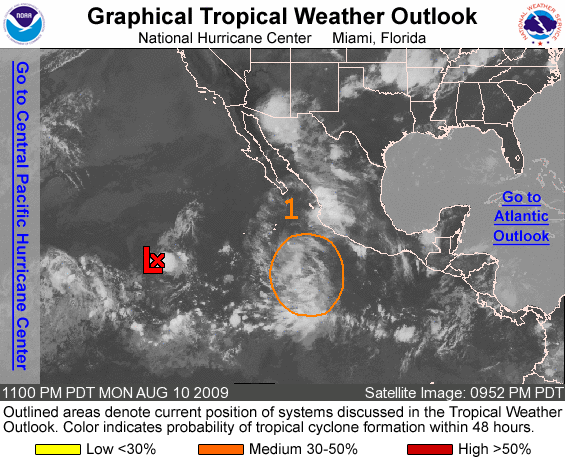
FOR THE EASTERN NORTH PACIFIC...EAST OF 140 DEGREES WEST LONGITUDE..

THE NATIONAL HURRICANE CENTER IS ISSUING ADVISORIES ON TROPICAL DEPRESSION NINE-E...LOCATED ABOUT 1145 MILES WEST-SOUTHWEST OF THE SOUTHERN TIP OF BAJA CALIFORNIA.

1. A BROAD AREA OF LOW PRESSURE LOCATED ABOUT 750 MILES SOUTH-SOUTHEAST OF THE SOUTHERN TIP OF BAJA CALIFORNIA CONTINUES TO PRODUCE A LARGE AREA OF DISORGANIZED SHOWERS AND THUNDERSTORMS. CONDITIONS APPEAR TO BE FAVORABLE FOR GRADUAL DEVELOPMENT OF THIS SYSTEM DURING THE NEXT COUPLE OF DAYS AS IT MOVES GENERALLY WESTWARD AROUND 15 MPH. THERE IS A MEDIUM CHANCE...30 TO 50 PERCENT...OF THIS SYSTEM BECOMING A TROPICAL CYCLONE DURING THE NEXT 48 HOURS.

ELSEWHERE...TROPICAL CYCLONE FORMATION IS NOT EXPECTED DURING THE NEXT 48 HOURS.

FORECASTER PASCH